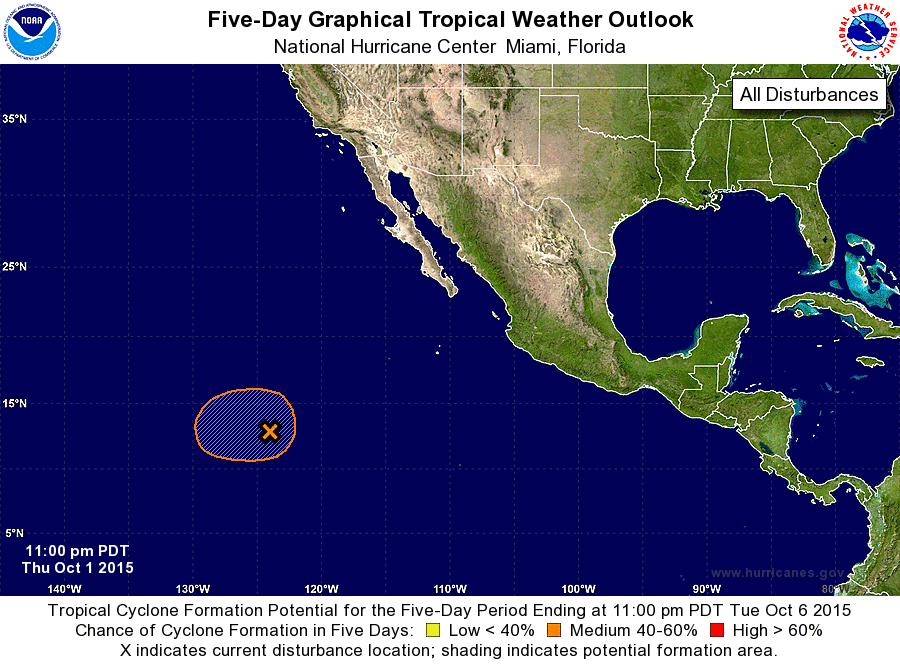
For the eastern North Pacific...east of 140 degrees west longitude:

1. A broad area of low pressure located about 1150 miles southwest of the southern tip of the Baja California peninsula continues to produce disorganized showers and thunderstorms. Environmental conditions are forecast to be somewhat conducive for development, and a tropical depression could still form in a few days while the low moves slowly westward.
* Formation chance through 48 hours...medium...40 percent
* Formation chance through 5 days...medium...60 percent

Forecaster Cangialosi